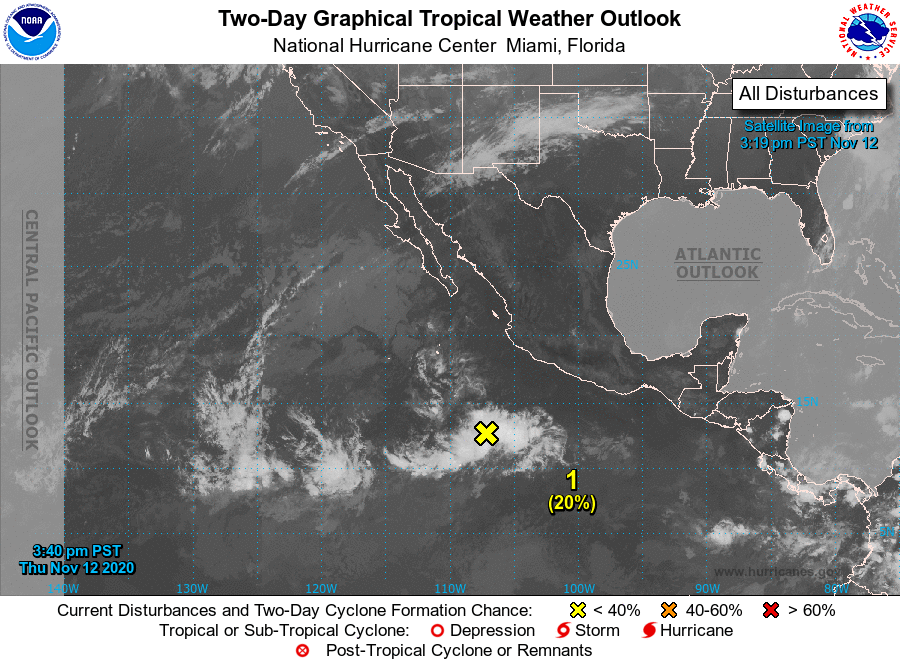
For the eastern North Pacific...east of 140 degrees west longitude:

1. An area of low pressure has formed several hundred miles southwest of the coast of Mexico. Environmental conditions are forecast to be generally favorable for gradual development, and a tropical depression could form early next week as the system drifts slowly west-northwestward over the eastern Pacific.
* Formation chance through 48 hours...low...20 percent.
* Formation chance through 5 days...medium...60 percent.

Forecaster Papin/Cangialosi